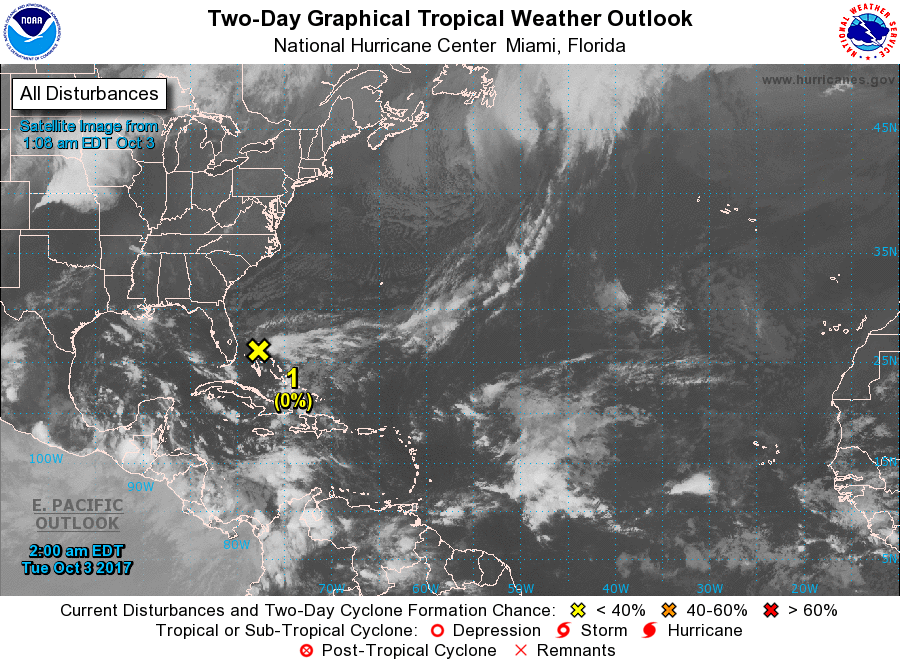
For the North Atlantic...Caribbean Sea and the Gulf of Mexico:

1. A sharp trough of low pressure, located over the northwestern Bahamas, continues to produce an area of scattered showers and thunderstorms. Although tropical cyclone formation is not expected due to hostile upper-level winds, the disturbance is forecast to move westward at 25 to 30 mph for the next day or so, spreading locally heavy rainfall and strong gusty winds in brief squalls across portions of the northwestern Bahamas early this morning, and across much of South Florida later morning and continuing into the afternoon. Additional information on this disturbance can be found in High Seas Forecasts issued by the NOAA Tropical Analysis and Forecast Branch, and also in forecast products and statements issued by your local weather service office.
* Formation chance through 48 hours...low...near 0 percent.
* Formation chance through 5 days...low...near 0 percent.

2. An area of low pressure is expected to form over the northwestern Caribbean Sea within the next few days. Some slow development of this system is possible by the weekend while the low drifts northward into the southern Gulf of Mexico.
* Formation chance through 48 hours...low...near 0 percent.
* Formation chance through 5 days...low...30 percent.

Additional information on the Bahamas disturbance can be found in High Seas Forecasts issued by the National Weather Service, under AWIPS header NFDHSFAT1, WMO header FZNT01 KWBC, and available on the Web at http://www.opc.ncep.noaa.gov/shtml/NFDHSFAT1.shtml.

Forecaster Stewart